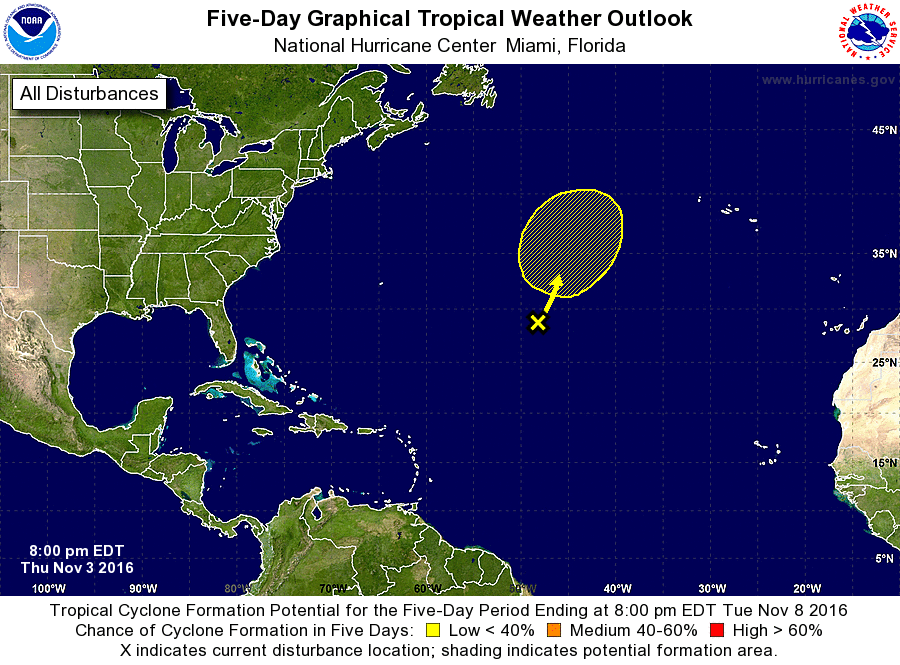
For the North Atlantic...Caribbean Sea and the Gulf of Mexico:

1. A non-tropical area of low pressure located about 1000 miles east-southeast of Bermuda continues to produce gale-force winds and widespread cloudiness and thunderstorms over the central Atlantic. This system could acquire some subtropical characteristics during the next day or so while it moves north-northeastward over the north-central Atlantic, but environmental conditions are expected to become unfavorable for development on Saturday. Additional information on this system can be found in High Seas Forecasts issued by the National Weather Service.
* Formation chance through 48 hours...low...10 percent
* Formation chance through 5 days...low...10 percent

High Seas Forecasts issued by the National Weather Service can be found under AWIPS header NFDHSFAT1, WMO header FZNT01 KWBC, and available on the Web at http://www.opc.ncep.noaa.gov/shtml/NFDHSFAT1.shtml.

Forecaster Pasch